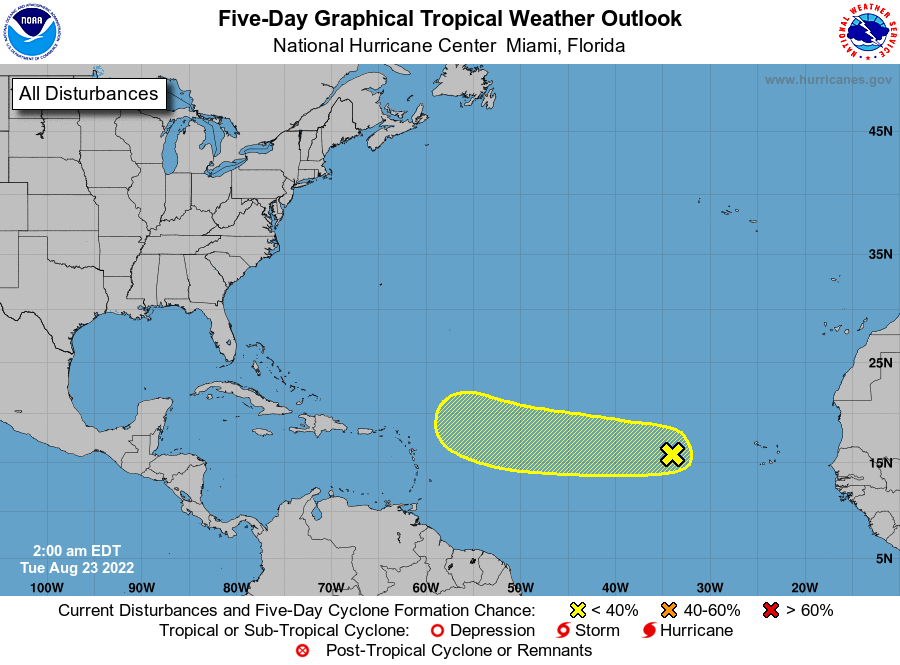
For the North Atlantic...Caribbean Sea and the Gulf of Mexico:

1. Eastern Tropical Atlantic: Shower activity has diminished somewhat associated with a tropical wave located several hundred miles west of the Cabo Verde Islands. Environmental conditions appear only marginally conducive for gradual development during the next several days while the system moves westward to west-northwestward at 10 to 15 mph across the tropical Atlantic.
* Formation chance through 48 hours...low...10 percent.
* Formation chance through 5 days...low...20 percent.

Forecaster Papin